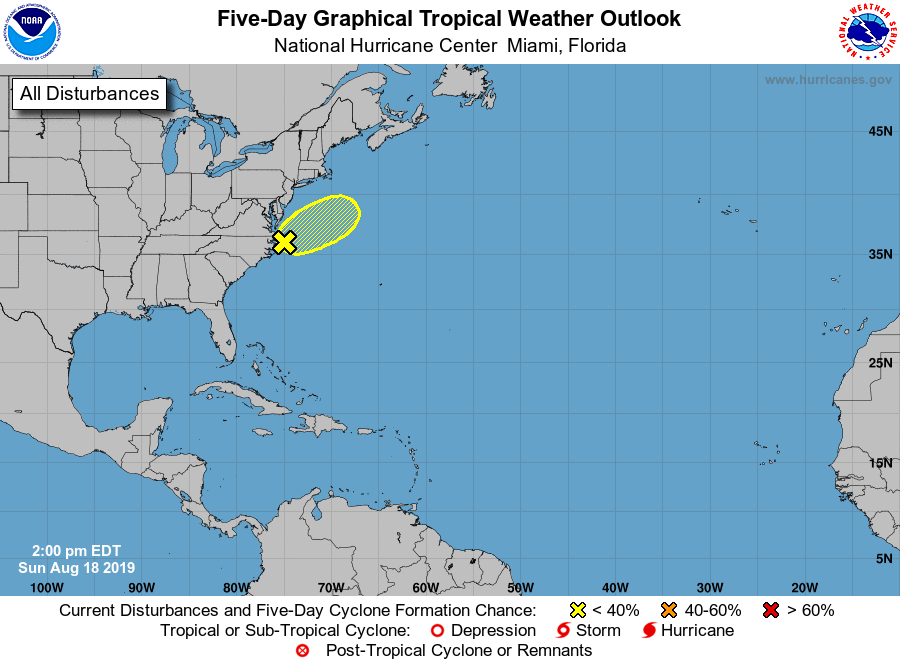
For the North Atlantic...Caribbean Sea and the Gulf of Mexico:

1. A low pressure system near the North Carolina Outer Banks is moving into the Atlantic. Upper-level winds are forecast to be only marginally conducive for development while the system moves northeastward to east-northeastward, and away from the U.S. east coast, during the next couple of days.
* Formation chance through 48 hours...low...20 percent.
* Formation chance through 5 days...low...20 percent.

Forecaster Pasch